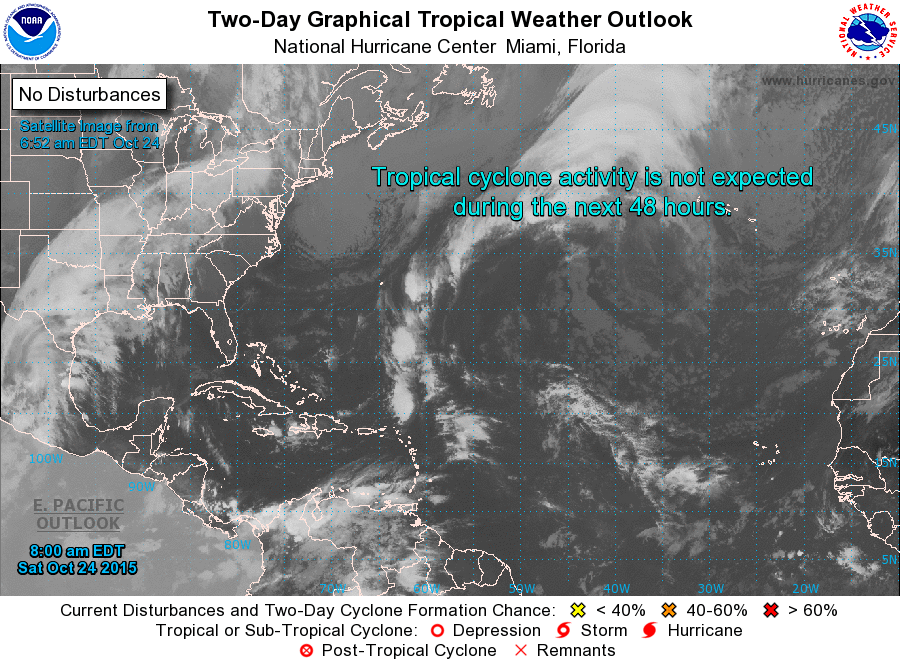
For the North Atlantic...Caribbean Sea and the Gulf of Mexico:

Tropical cyclone formation is not expected during the next 5 days.

Forecaster Kimberlain